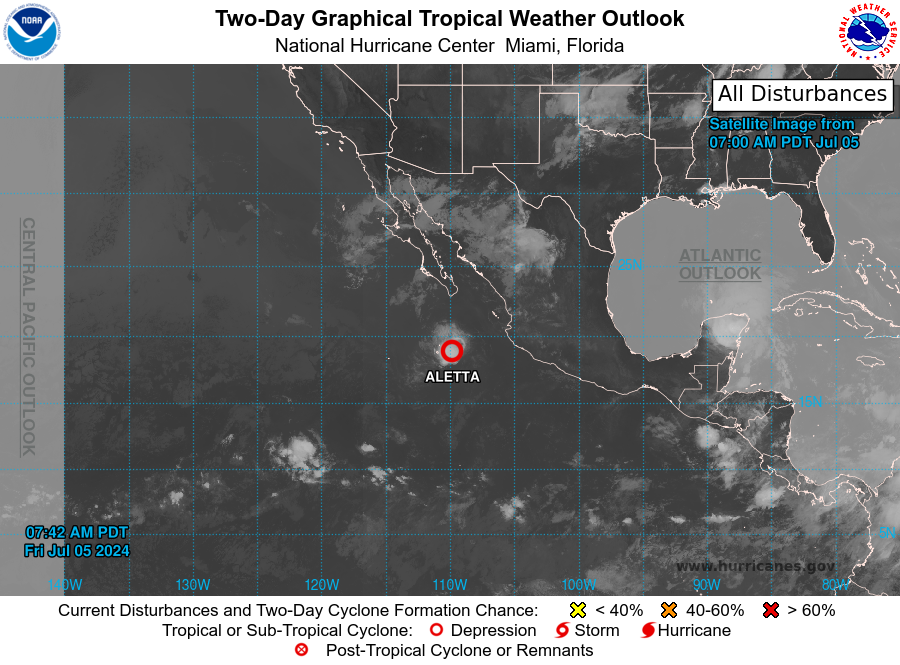
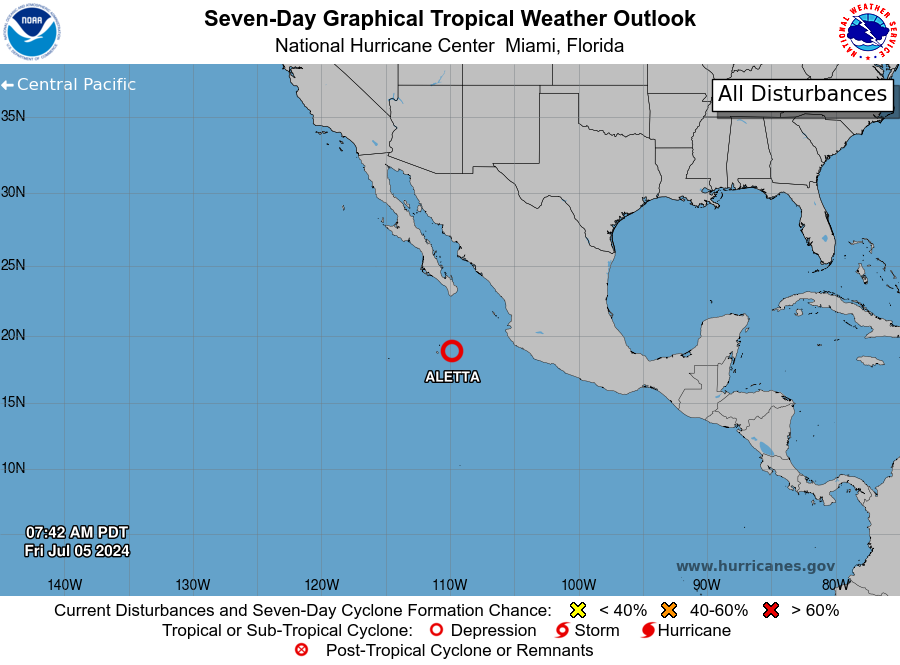
For the eastern North Pacific...east of 140 degrees west longitude:

Active Systems: The National Hurricane Center is issuing advisories on Tropical Depression Aletta, located a couple of hundred miles offshore of the southwestern coast of Mexico.

Tropical cyclone formation is not expected during the next 7 days.

&&
Public Advisories on Tropical Depression Aletta are issued under WMO header WTPZ31 KNHC and under AWIPS header MIATCPEP1. Forecast/Advisories on Tropical Depression Aletta are issued under WMO header WTPZ21 KNHC and under AWIPS header MIATCMEP1.

Forecaster D. Zelinsky